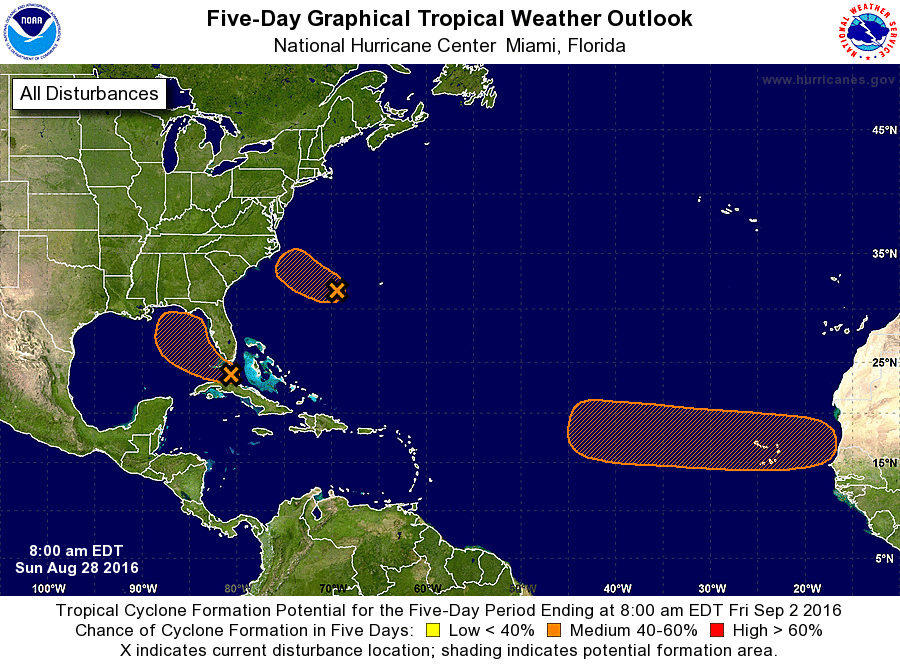
For the North Atlantic...Caribbean Sea and the Gulf of Mexico:

The National Hurricane Center is issuing advisories on Hurricane Gaston, located about 600 miles east of Bermuda.

1. A weak area of low pressure located near the north coast of central Cuba continues to produce a large area of disorganized cloudiness and thunderstorms. Upper-level winds are not conducive for significant development today while this system moves westward through the Straits of Florida. The low is expected to move into the southeastern Gulf of Mexico on Monday, where environmental conditions could become somewhat more conducive for development. Regardless of development, heavy rainfall and gusty winds are likely over portions of the central and northwestern Bahamas, and Cuba through tonight. Gusty winds and locally heavy rainfall will spread into parts of southern Florida and the Florida Keys later today. Interests elsewhere in Florida and the eastern Gulf of Mexico should continue to monitor the progress of this disturbance. A NOAA Hurricane Hunter aircraft is scheduled to investigate this system this afternoon, if necessary.
* Formation chance through 48 hours...medium...40 percent
* Formation chance through 5 days...medium...60 percent

2. Shower and thunderstorm activity has increased during the past few hours in association with an area of low pressure located about 250 miles west of Bermuda. While environmental conditions are only marginally conducive, some additional development of this system is possible during the next day or so while it moves west-northwestward at about 10 mph. As the low approaches the coast of North Carolina by mid-week, conditions are expected to become unfavorable for further development. For additional information on this system, see High Seas Forecasts issued by the National Weather Service. An Air Force Reserve Hurricane Hunter aircraft is scheduled to investigate this system this afternoon, if necessary.
* Formation chance through 48 hours...medium...40 percent
* Formation chance through 5 days...medium...40 percent

3. A tropical wave is expected to move offshore of the west coast of Africa on Tuesday. Conditions are expected to be favorable for development of this system later this week while it moves westward at 15 to 20 mph over the tropical eastern Atlantic.
* Formation chance through 48 hours...low...near 0 percent
* Formation chance through 5 days...medium...60 percent

High Seas Forecasts issued by the National Weather Service can be found under AWIPS header NFDHSFAT1, WMO header FZNT01 KWBC, and on the Web at http://www.opc.ncep.noaa.gov/shtml/NFDHSFAT1.shtml.

Forecaster Brennan